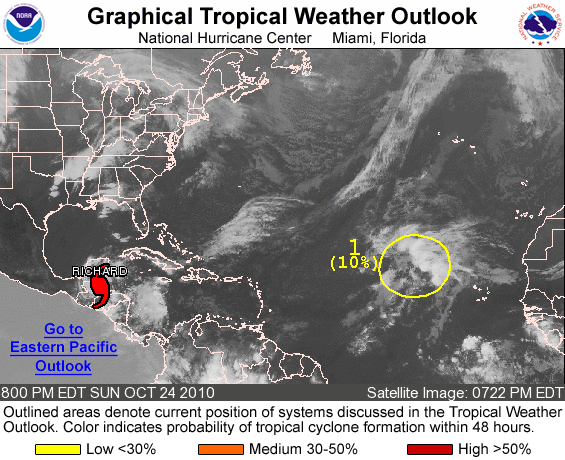
FOR THE NORTH ATLANTIC...CARIBBEAN SEA AND THE GULF OF MEXICO...

THE NATIONAL HURRICANE CENTER IS ISSUING ADVISORIES ON HURRICANE RICHARD...LOCATED NEAR THE COAST OF BELIZE ABOUT 20 MILES SOUTH OF BELIZE CITY.

1. A LARGE AREA OF SHOWERS AND THUNDERSTORMS LOCATED SEVERAL HUNDRED MILES WEST-NORTHWEST OF THE CAPE VERDE ISLANDS IS ASSOCIATED WITH A BROAD TROUGH OF LOW PRESSURE. ALTHOUGH UPPER-LEVEL WINDS COULD BECOME A LITTLE MORE FAVORABLE OVER THE NEXT COUPLE OF DAYS...THERE IS STILL A LOW CHANCE...10 PERCENT...OF THIS SYSTEM BECOMING A TROPICAL OR SUBTROPICAL CYCLONE DURING THE NEXT 48 HOURS AS IT MOVES NORTHWESTWARD AT 10 MPH.

ELSEWHERE...TROPICAL CYCLONE FORMATION IS NOT EXPECTED DURING THE NEXT 48 HOURS.

FORECASTER BERG